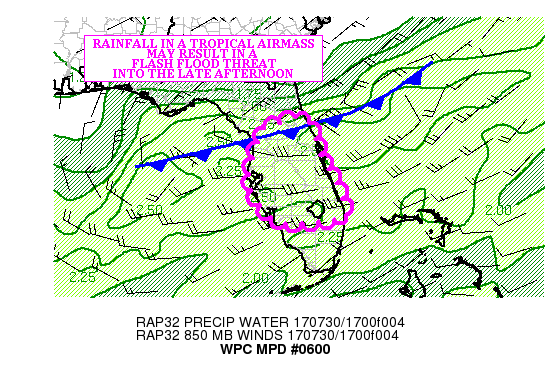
AREAS AFFECTED...CENTRAL FL

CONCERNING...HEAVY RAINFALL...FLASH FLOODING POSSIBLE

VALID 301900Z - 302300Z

SUMMARY...HEAVY RAINFALL IN A TROPICAL AIRMASS FOCUSED IN THE LOW
LEVEL CONVERGENCE AHEAD OF A SLOW MOVING FRONT COULD RESULT IN A
FLASH FLOOD THREAT THROUGH THE LATE AFTERNOON.

DISCUSSION...CONVECTION CONTINUES TO FORM AHEAD OF A LOW LEVEL
CONVERGENT FLOW AHEAD OF A COLD FRONT CROSSING NORTH CENTRAL FL
EARLY THIS AFTERNOON. THERE IS A GENERAL LACK OF
LIGHTNING...ESPECIALLY AHEAD OF THE FRONT ITSELF...WITH THE
EXPERIMENTAL GOES-16 CLEAN IR IMAGES SHOWING THE BEST COOLING TOPS
NEAR KTPA. THIS MAY BE ATTRIBUTED TO THE TROPICAL NATURE OF THE
AIRMASS...AS THE 20/1Z KJAX SOUNDING SHOWED A PRECIPITABLE WATER
VALUE OF 2.60 INCHES...WITH WARM RAIN PROCESSES DOMINATING THE
CONVECTIVE COLUMN.

AS THE CONVECTION CROSSED NORTHERN FL THIS MORNING...THE KJAX
RADAR UNDERESTIMATED THE OBSERVED RAINFALL AMOUNTS BY ABOUT
ONE-HALF...WITH A MAXIMUM OF 7.00 INCHES REPORTED NEAR LAKE CITY.
THE AIRMASS WILL REMAIN VERY MOIST...AS PRECIPITABLE WATER VALUES
HOVER NEAR 2.50 INCHES ALONG AND AHEAD OF THE FRONT. THE AIRMASS
REMAINS MARGINALLY UNSTABLE...BUT SHOULD BE SUFFICIENT TO SUPPORT
CONVECTION THROUGH THE LATE AFTERNOON HOURS.

THE MOST RECENT HRRR INDICATED LOCAL 3.00 TO 5.00 INCH RAINFALL
AMOUNTS THROUGH 23Z...AND THIS WAS ECHOED BY THE 12Z WRF ARW AND
THE 12Z NAM CONUS NEST. BASED ON WHAT OCCURRED ACROSS NORTHERN FL
THIS MORNING...THE HIGH RAINFALL RATES IN THE TROPICAL AIRMASS
SHOULD SUPPORT A FLASH FLOOD THREAT...ESPECIALLY IN URBAN CENTERS.